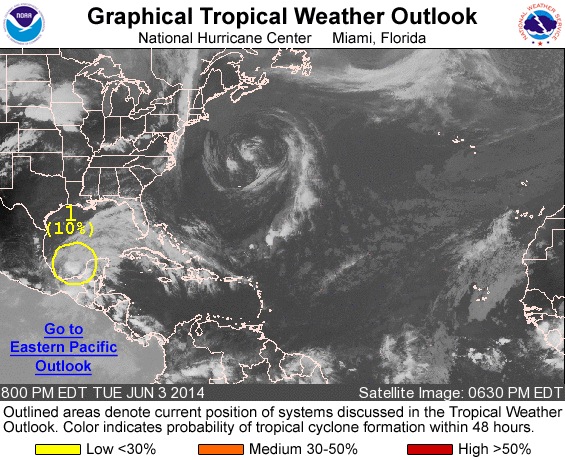
For the North Atlantic...Caribbean Sea and the Gulf of Mexico:

1. A stationary trough of low pressure over the Bay of Campeche is producing cloudiness and disorganized showers. Strong upper-level winds are expected to limit significant development during the next few days while the system moves little. Regardless of development, locally heavy rainfall is possible over portions of southeastern Mexico, including the Yucatan Peninsula, during the next few days.
* Formation chance through 48 hours...low...10 percent
* Formation chance through 5 days...low...20 percent

Forecaster Landsea